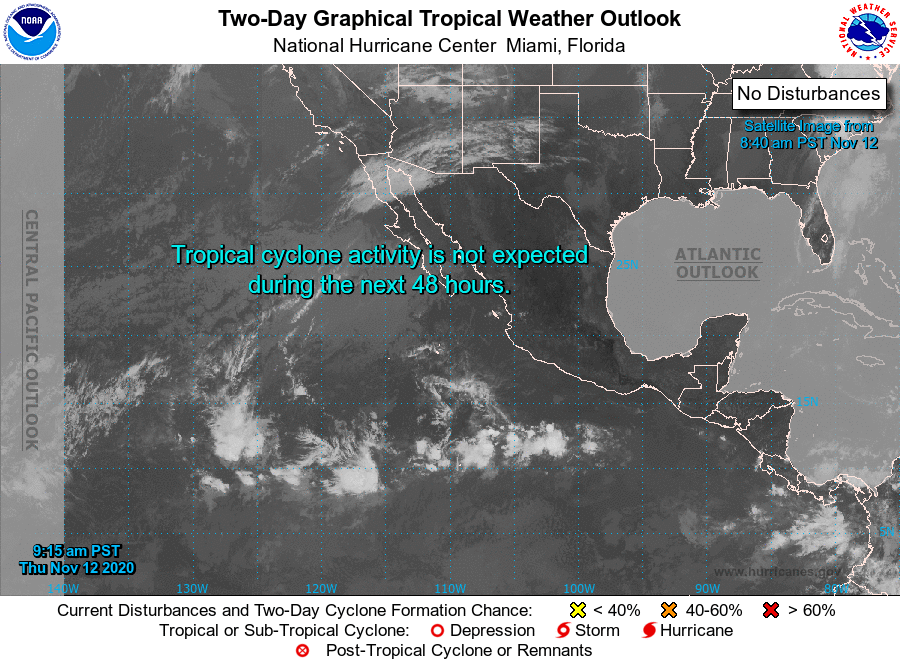
For the eastern North Pacific...east of 140 degrees west longitude:

1. A broad area of low pressure is expected to form several hundred miles southwest of the coast of Mexico this weekend. Environmental conditions are forecast to be generally favorable for gradual development, and a tropical depression could form early next week as the system drifts slowly west-northwestward over the eastern Pacific.
* Formation chance through 48 hours...low...0 percent.
* Formation chance through 5 days...medium...50 percent.

Forecaster Brown